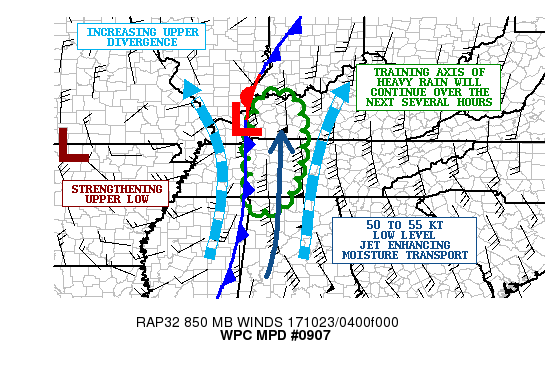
AREAS AFFECTED...EXTREME NORTHWEST AL...MIDDLE TN...WESTERN KY

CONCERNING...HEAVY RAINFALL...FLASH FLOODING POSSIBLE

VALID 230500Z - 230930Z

SUMMARY...A BAND OF HEAVY RAIN TRAINING FROM SOUTH TO NORTH MAY
CAUSE SOME FLASH FLOODING CONCERNS LOCALLY OVER THE NEXT FEW HOURS.

DISCUSSION...THE LATEST NON-OPERATIONAL GOES-16 WV CHANNEL SUITE
SHOWS AN INCREASINGLY DIVERGENT MID TO UPPER LEVEL FLOW PATTERN
OVER NORTHWEST AL...CENTRAL/WESTERN TN AND INTO WESTERN KY AS A
SOUTHERN STREAM TROUGH AND ASSOCIATED CLOSED UPPER LEVEL CENTER
DEEPENS OVER THE MID/LOWER MS VALLEY. THE STRONGER FORCING ALOFT
COINCIDING WITH COOLING CLOUD TOPS AND AN INTENSIFYING AXIS OF
HEAVY RAIN WHICH HAS BEEN SEEN TRAINING SOUTH TO NORTH OVER MIDDLE
TN OVER THE LAST COUPLE OF HOURS AND JUST OUT AHEAD OF A
SLOW-MOVING COLD FRONT. ADDITIONAL HEAVY RAINS ARE SEEN ALSO
DEVELOPING OVER NORTHWEST AL AS WELL OVER THE LAST 30 MINUTES
WHICH IS ADVANCING NORTH TOWARD MIDDLE TN.

SURFACE OBSERVATIONS SHOW AN AREA OF LOW PRESSURE DEVELOPING ALONG
THE FRONT OVER WESTERN KY...AND THIS IS HELPING TO ENHANCE THE
SOUTHERLY LOW LEVEL JET ACROSS THE REGION WITH STRONGER MOISTURE
TRANSPORT NOTED OVER THE LAST COUPLE OF HOURS AS A RESULT. IN
FACT...THE FORT CAMPBELL AND NASHVILLE VWP DATA HAS DEPICTING
SOUTHERLY 850 MB WINDS OF 50 TO 55 KTS OVER THE LAST HOUR ALONE.

INSTABILITY PARAMETERS ARE NOT PARTICULARLY FAVORABLE FOR HEAVY
RAINFALL...AS MUCAPE VALUES ARE ONLY ON THE ORDER OF 250 J/KG.
HOWEVER...THE INCREASINGLY FORCED ASCENT THROUGH THE COLUMN IS
COMPENSATING AND AREAS DUAL-POL RADARS ARE SHOWING RAINFALL RATES
OF AS MUCH AS 1.5 INCHES/HR. THE LATEST GPS-DERIVED PWATS ACROSS
THIS REGION ARE ON THE ORDER OF 1.6 TO 1.8 INCHES WHICH IS ALSO
HELPING TO ENHANCE THE RAINFALL EFFICIENCY FOR SOME OF THESE
HEAVIER RATES.

THE 00Z HRRRX ACTUALLY SHOWS A VERY GOOD HANDLE ON THE CURRENT
AXIS OF HEAVY RAINFALL...AND SUPPORTS AS MUCH AS 2 TO 4 INCHES OF
RAIN THROUGH 09Z ACROSS AREAS OF FAR NORTHWEST AL...MIDDLE TN AND
INTO PARTS OF WESTERN KY. THE HEAVIEST RAINFALL WILL BE GENERALLY
IN A RATHER NARROW SOUTH TO NORTH AXIS...BUT WILL BE CAPABLE OF
GENERATING SOME RUNOFF PROBLEMS AND POSSIBLE FLASH FLOODING AS THE
UPPER FORCING OVER THE REGION STRENGTHENS A BIT MORE TOWARD 06Z
AND HELPS TO ENHANCE THE RAINFALL RATES A BIT MORE. WILL CONTINUE
TO MONITOR.